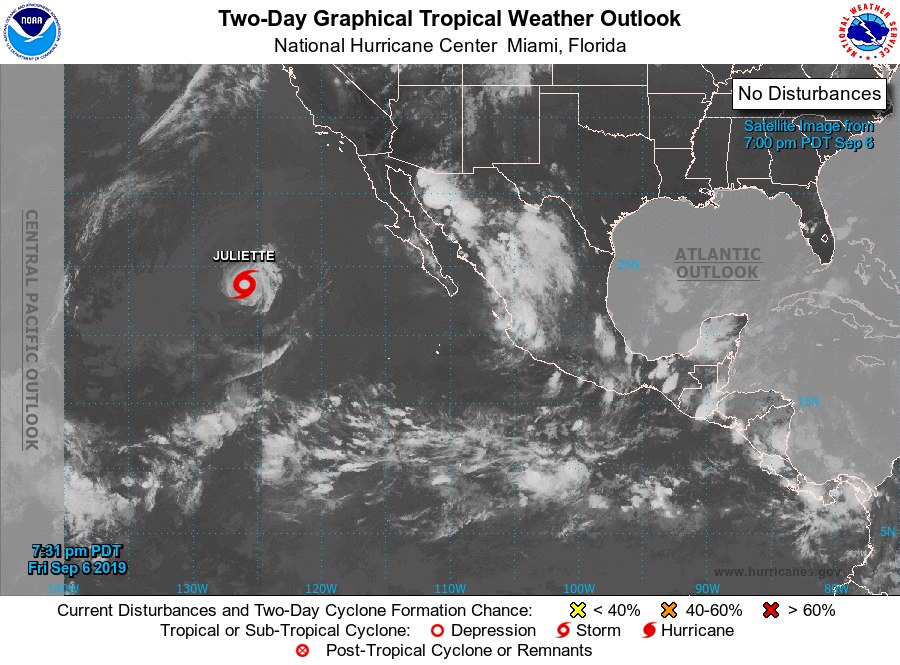
For the eastern North Pacific...east of 140 degrees west longitude:

The National Hurricane Center is issuing advisories on Tropical Storm Juliette, located nearly 1000 miles west of the southern tip of the Baja California peninsula.

1. An area of low pressure is expected to form early next week a few hundred miles southwest of the southern coast of Mexico. Gradual development of this system is possible thereafter as it moves west-northwestward at around 10 mph.
* Formation chance through 48 hours...low...near 0 percent.
* Formation chance through 5 days...low...20 percent.

Forecaster Latto